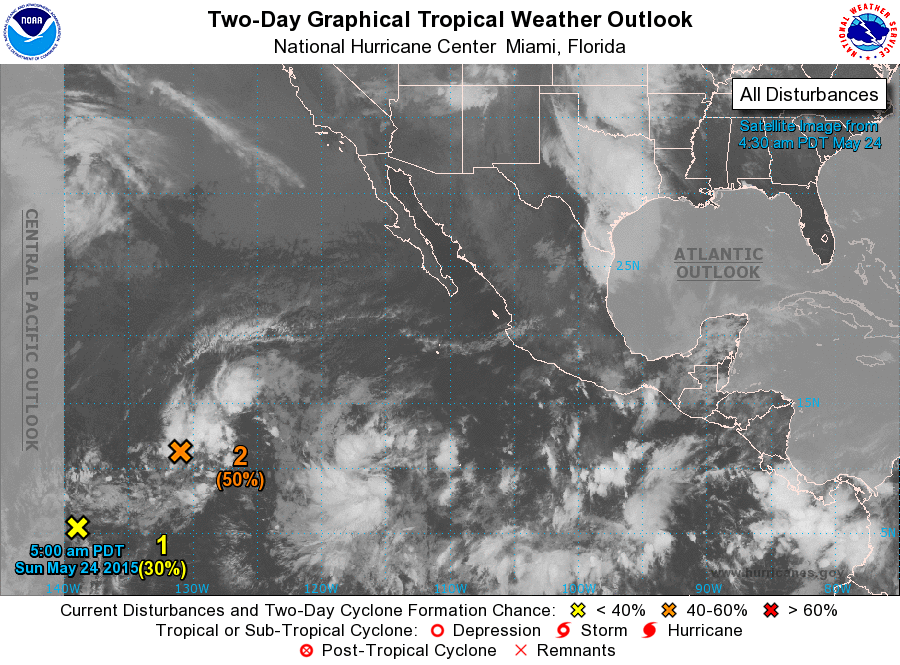
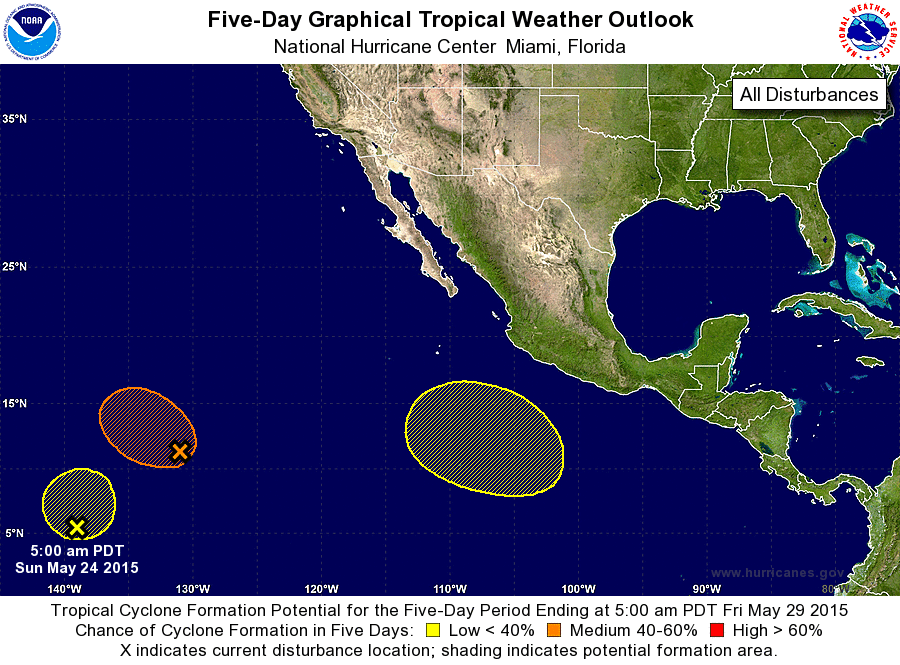
For the eastern North Pacific...east of 140 degrees west longitude:

1. An elongated area of low pressure located about 1400 miles southeast of the Big Island of Hawaii continues to become less defined. The associated shower activity also remains limited, and the chance for this system to become a tropical cyclone development is decreasing. The disturbance is moving slowly westward and could cross into the Central Pacific basin later today.
* Formation chance through 48 hours...medium...30 percent
* Formation chance through 5 days...medium...30 percent

2. Another broad and elongated area of low pressure located about 1500 miles west-southwest of the southern tip of Baja California is moving west-northwestward at 10 to 15 mph. Although shower activity remains disorganized, some slow development of this system could occur during the next day or so. After that time, however, the disturbance is expected to move over cooler water and into a region of less favorable upper-level winds, which should inhibit development.
* Formation chance through 48 hours...medium...50 percent
* Formation chance through 5 days...medium...50 percent

3. An area of low pressure is expected to form several hundred miles south of the coast of Mexico during the next few days. Environmental conditions are expected to be conducive for gradual development of the system after mid-week while it moves west-northwestward to northwestward.
* Formation chance through 48 hours...low...near 0 percent
* Formation chance through 5 days...low...30 percent

Forecaster Brown